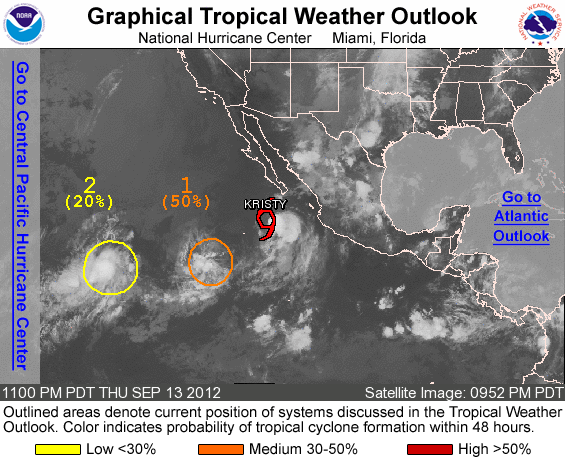
FOR THE EASTERN NORTH PACIFIC...EAST OF 140 DEGREES WEST LONGITUDE..

THE NATIONAL HURRICANE CENTER IS ISSUING ADVISORIES ON TROPICAL STORM KRISTY...LOCATED ABOUT 65 MILES NORTH OF SOCORRO ISLAND MEXICO.

1. SHOWERS AND THUNDERSTORMS CONTINUE IN ASSOCIATION WITH AN AREA OF LOW PRESSURE LOCATED ABOUT 800 MILES SOUTHWEST OF THE SOUTHERN TIP OF BAJA CALIFORNIA. ALTHOUGH THIS DISTURBANCE HAS CHANGED LITTLE IN ORGANIZATION TONIGHT...ENVIRONMENTAL CONDITIONS ARE FORECAST TO BECOME MORE CONDUCIVE FOR DEVELOPMENT DURING THE NEXT COUPLE OF DAYS. THIS SYSTEM HAS A MEDIUM CHANCE...50 PERCENT...OF BECOMING A TROPICAL CYCLONE DURING THE NEXT 48 HOURS AS IT MOVES GENERALLY WESTWARD AT 5 TO 10 MPH.

2. SHOWERS AND THUNDERSTORMS HAVE INCREASED IN ASSOCIATION WITH AN AREA OF LOW PRESSURE LOCATED ABOUT 1650 MILES WEST-SOUTHWEST OF THE SOUTHERN TIP OF BAJA CALIFORNIA. HOWEVER...ENVIRONMENTAL CONDITIONS ARE EXPECTED TO BECOME LESS CONDUCIVE FOR DEVELOPMENT DURING THE NEXT COUPLE OF DAYS. THIS LOW IS MOVING SLOWLY WEST-NORTHWESTWARD AND HAS A LOW CHANCE...20 PERCENT...OF BECOMING A TROPICAL CYCLONE DURING THE NEXT 48 HOURS.

ELSEWHERE...TROPICAL CYCLONE FORMATION IS NOT EXPECTED DURING THE NEXT 48 HOURS.

FORECASTER KIMBERLAIN